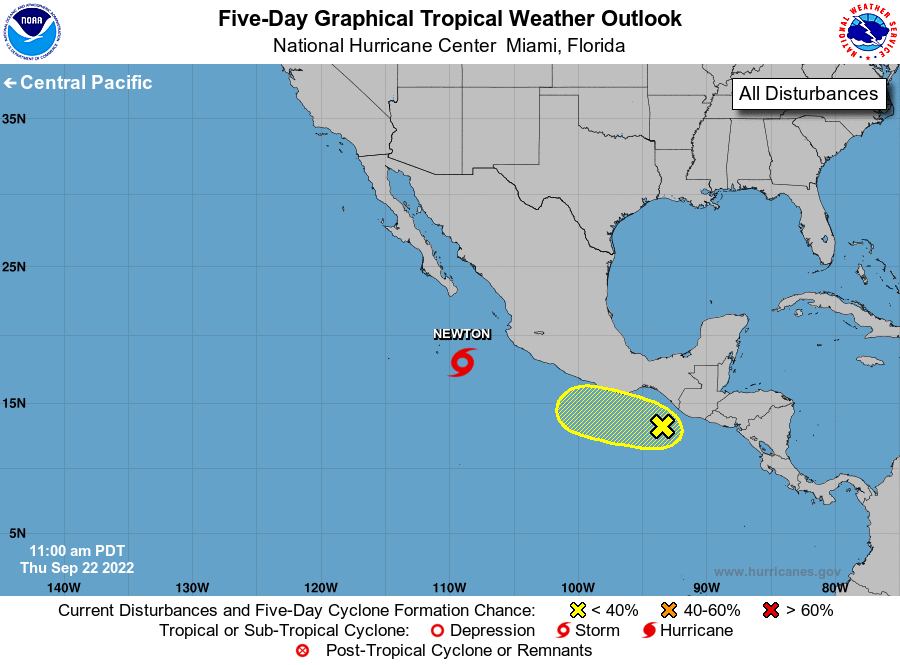
For the eastern North Pacific...east of 140 degrees west longitude:

Active Systems: The National Hurricane Center is issuing advisories on Tropical Storm Newton, located a few hundred miles west-southwest of Manzanillo, Mexico.

1. South of Southern Mexico: Disorganized showers and thunderstorms located just off the coast of southern Mexico are associated with a trough of low pressure. Development, if any, of this system should be slow to occur while it moves west-northwestward off the coast of southern and southwestern Mexico during the next few days.
* Formation chance through 48 hours...low...10 percent.
* Formation chance through 5 days...low...20 percent.

Public Advisories on Tropical Storm Newton are issued under WMO header WTPZ35 KNHC and under AWIPS header MIATCPEP5. Forecast/Advisories on Tropical Storm Newton are issued under WMO header WTPZ25 KNHC and under AWIPS header MIATCMEP5.

Forecaster Cangialosi